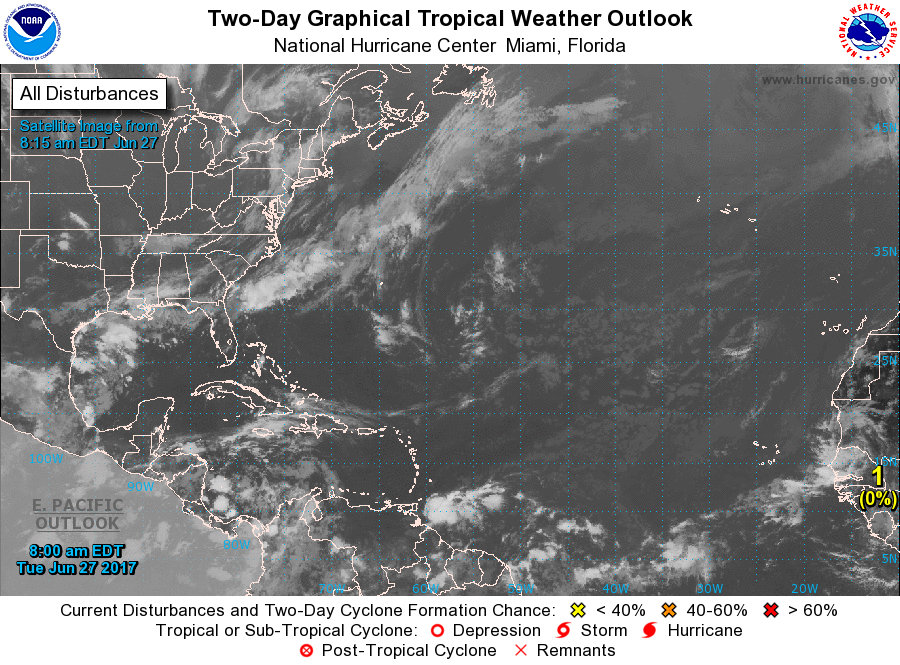
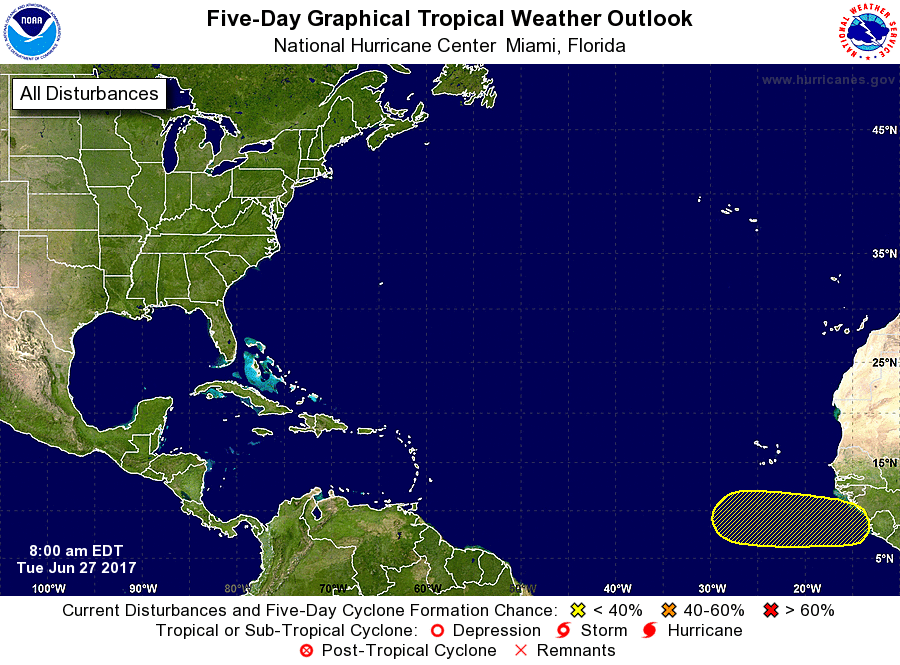
For the North Atlantic...Caribbean Sea and the Gulf of Mexico:

1. A tropical wave over western Africa is forecast to emerge into the far eastern Atlantic Ocean on Wednesday. Some development of this system is possible later this week before environmental conditions become unfavorable for development over the weekend.
* Formation chance through 48 hours...low...near 0 percent.
* Formation chance through 5 days...low...20 percent.

Forecaster Beven